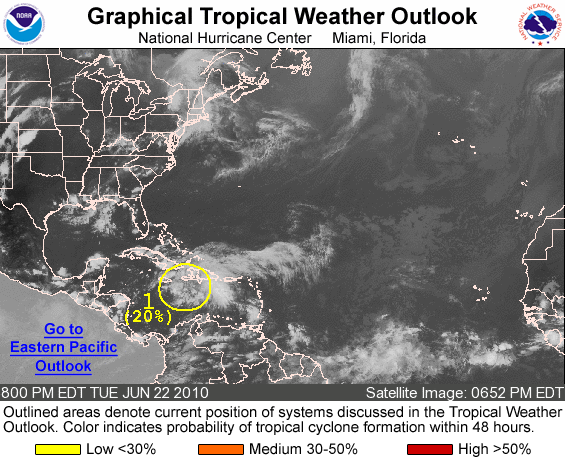
FOR THE NORTH ATLANTIC...CARIBBEAN SEA AND THE GULF OF MEXICO...

1. A TROPICAL WAVE OVER THE CENTRAL CARIBBEAN SEA IS MOVING WESTWARD ABOUT 10 MPH AND IS SPREADING CLOUDINESS AND THUNDERSTORMS OVER PORTIONS OF THE DOMINICAN REPUBLIC...HAITI... JAMAICA...AND EASTERN CUBA. THIS SYSTEM HAS CHANGED LITTLE IN ORGANIZATION TODAY BUT ENVIRONMENTAL CONDITIONS ARE FORECAST TO BECOME MORE FAVORABLE FOR SLOW DEVELOPMENT AS THE WAVE REACHES THE WESTERN CARIBBEAN SEA IN A DAY OR TWO. THERE IS A LOW CHANCE...20 PERCENT...OF THIS SYSTEM BECOMING A TROPICAL CYCLONE DURING THE NEXT 48 HOURS.

ELSEWHERE...TROPICAL CYCLONE FORMATION IS NOT EXPECTED DURING THE NEXT 48 HOURS.

FORECASTER AVILA/ROBERTS